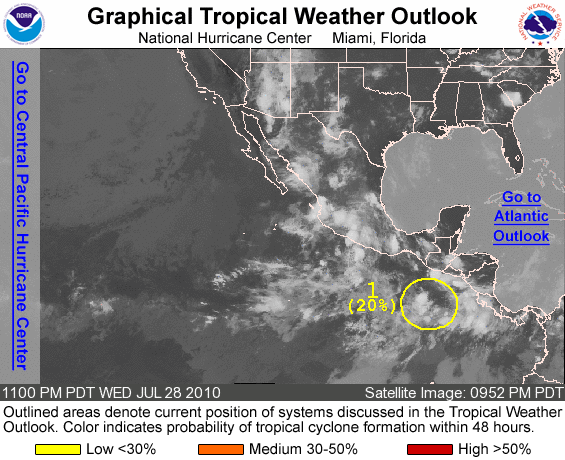
FOR THE EASTERN NORTH PACIFIC...EAST OF 140 DEGREES WEST LONGITUDE..

1. CLOUDINESS AND SHOWERS ASSOCIATED WITH A BROAD AREA OF LOW PRESSURE LOCATED ABOUT 250 MILES SOUTH OF GUATEMALA HAVE CHANGED LITTLE IN ORGANIZATION DURING THE LAST SEVERAL HOURS. DEVELOPMENT...IF ANY...OF THIS DISTURBANCE IS EXPECTED TO BE SLOW TO OCCUR AS IT MOVES WESTWARD OR WEST-NORTHWESTWARD AT 10 TO 15 MPH. THERE IS A LOW CHANCE...20 PERCENT...OF THIS SYSTEM BECOMING A TROPICAL CYCLONE DURING THE NEXT 48 HOURS.

ELSEWHERE...TROPICAL CYCLONE FORMATION IS NOT EXPECTED DURING THE NEXT 48 HOURS.

FORECASTER KIMBERLAIN